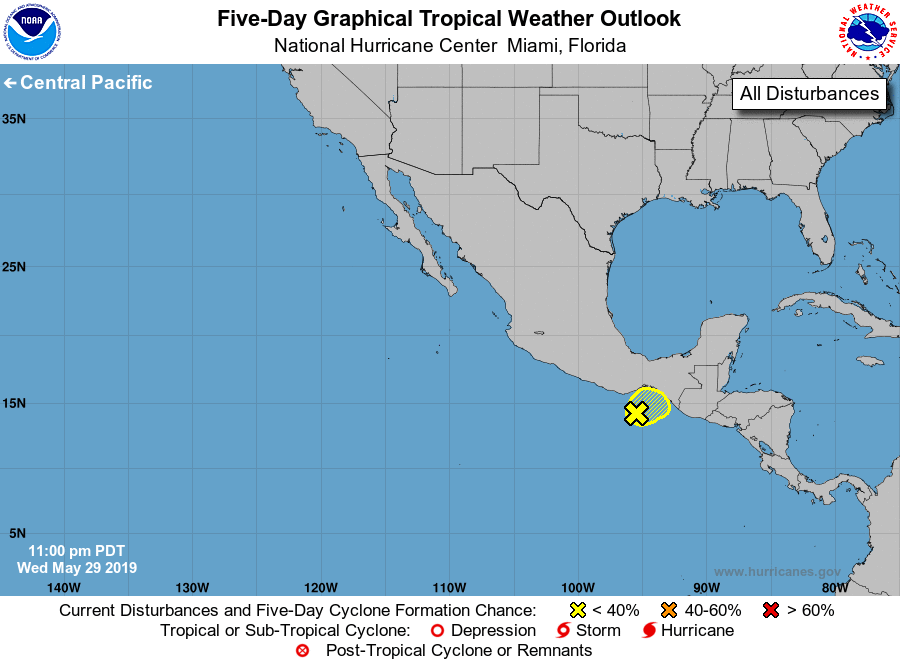
For the eastern North Pacific...east of 140 degrees west longitude:

1. Disorganized showers and thunderstorms continue less than 200 miles south of southern Mexico in association with a broad area of low pressure. Environmental conditions are expected to be unfavorable for tropical cyclone formation during the next day or so before the system moves inland over southern Mexico. Regardless of whether or not this disturbance develops, heavy rain is expected over portions of southern Mexico and Central America throughout this week and into the weekend. These rains could cause flash flooding and mudslides in areas of mountainous terrain.
* Formation chance through 48 hours...low...10 percent.
* Formation chance through 5 days...low...10 percent.

Forecaster Stewart